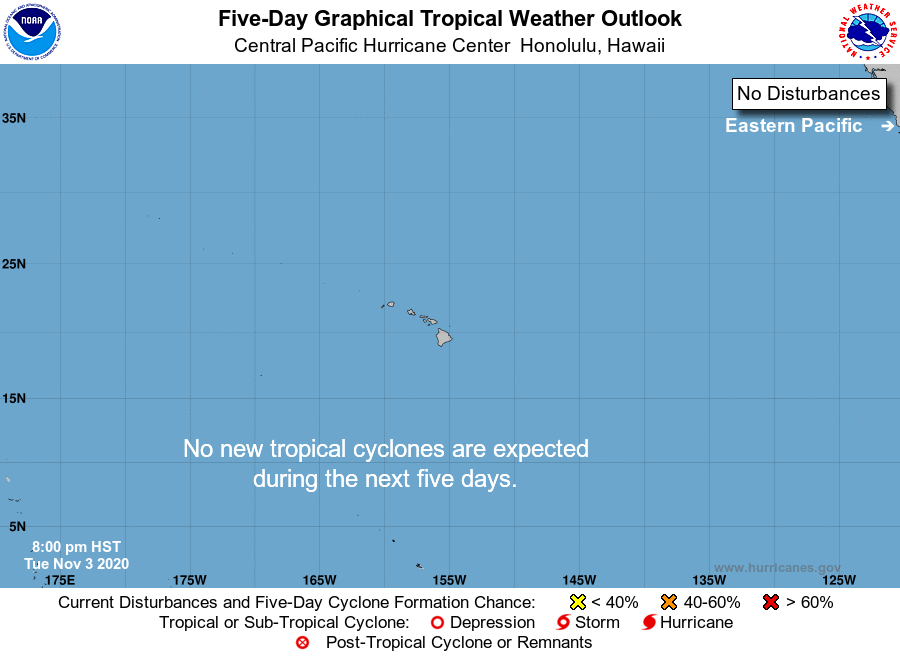
For the central North Pacific...between 140W and 180W:

No tropical cyclones are expected during the next 5 days.

Forecaster Almanza